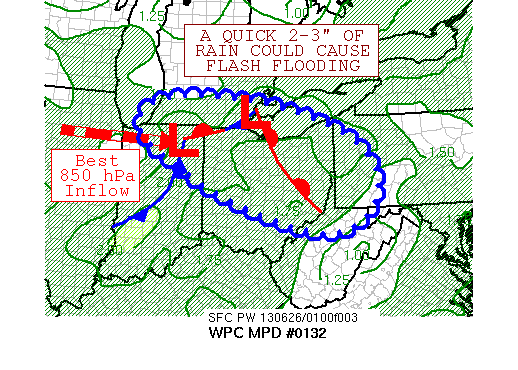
AREAS AFFECTED...NORTHEAST IN...SOUTHERN MI...NORTHERN AND CENTRAL
OH...WESTERN PA...NORTHERN WV

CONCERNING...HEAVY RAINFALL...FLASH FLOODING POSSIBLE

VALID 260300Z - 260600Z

SUMMARY...A CONVECTIVE BAND IS BROADENING AS IT DROPS
EAST-SOUTHEAST FROM THE SOUTHERN MICHIGAN INTO THE UPPER OHIO
VALLEY.  A QUICK 2-3" OF RAIN COULD CAUSE FLASH FLOODING.

DISCUSSION...THE 02Z MESOANALYSIS REVEALS A WAVY BAROCLINIC BAND,
COMPOSED OF TWO WAVES OF LOW PRESSURE ACROSS NORTHEAST IN AND NEAR
DETROIT MI.  PER THE 12Z ARW GUIDANCE AND RECENT RADAR IMAGERY,
CONVECTION IS CURRENTLY INITIATED NEAR A SURFACE BOUNDARY -- THEN
MOVES DOWNSTREAM WITHIN THE MEAN-LAYERED FLOW -- AS CIN IS
MINIMAL. THE 850-250 MEAN FLOW IN THIS REGION IS TOWARDS THE
EAST-SOUTHEAST, AND RECENT RADAR TRENDS INDICATE SOME SOUTHWARD
COMPONENT TO MOTION AND SOME REORIENTATION OF THE CONVECTIVE BAND
TOWARDS A WEST- NORTHWEST/ EAST- SOUTHEAST AXIS. THERE IS SOME
RECENT EVIDENCE OF BACKBUILDING OF THUNDERSTORM ACTIVITY ACROSS
SOUTHERN LAKE MICHIGAN ON RADAR IMAGERY, WHICH INDICATES THE
RAINFALL IS NOT QUITE OVER ACROSS SOUTHERN MI.  SATELLITE-BASED
CAPE VALUES ARE AROUND 3000 J/KG ACROSS OH, ADVERTISING PLENTY OF
INSTABILITY.  INFLOW AT THE 850 HPA LEVEL IS OUT OF THE WEST,
INDICATING THAT NEW CONVECTION ACROSS CENTRAL IL IS HAVING MINIMAL
IMPACT ON INFLOW INTO THIS THUNDERSTORM BAND.  PRECIPITABLE WATER
VALUES ARE 1.75-2 INCHES, INDICATING THE SYSTEM HAS SIGNIFICANT
AMOUNTS OF MOISTURE TO WORK WITH.  THE REGION IS DIVERGENT ALOFT
SOUTHEAST OF A SHORTWAVE MOVING THROUGH WI.

AS THE CONVECTIVE BAND BEGAN TO ORGANIZE AROUND 1Z/9 PM EDT, IT IS
POSSIBLE THAT AN ARCED CONVECTIVE BAND/SQUALL LINE ATTEMPT MAY
DROP OUT OF THIS REGION AROUND 5-6Z/1-2 AM EDT, WHICH COULD
MINIMIZE THE FLASH FLOOD THREAT LATE IN THE PERIOD.  HOWEVER, A
RECENT ARCED BAND OF THUNDERSTORMS HAS MOVED THROUGH THE EASTERN
OH, SOUTHWEST PA, AND THE NORTHERN TIP OF WV WHICH SHOULD HAVE
LOWERED FLASH FLOOD GUIDANCE VALUES TO ROUGHLY 2 INCHES IN 3
HOURS.  SINCE THE EXPECTATION IS FOR 2-3 INCHES OF RAIN TO FALL IN
A SHORT TIME FRAME -- PER ESTIMATES OF RAINFALL ACROSS SOUTHERN MI
-- BELIEVE FLASH FLOODING IS POSSIBLE OVER THE NEXT FEW HOURS.